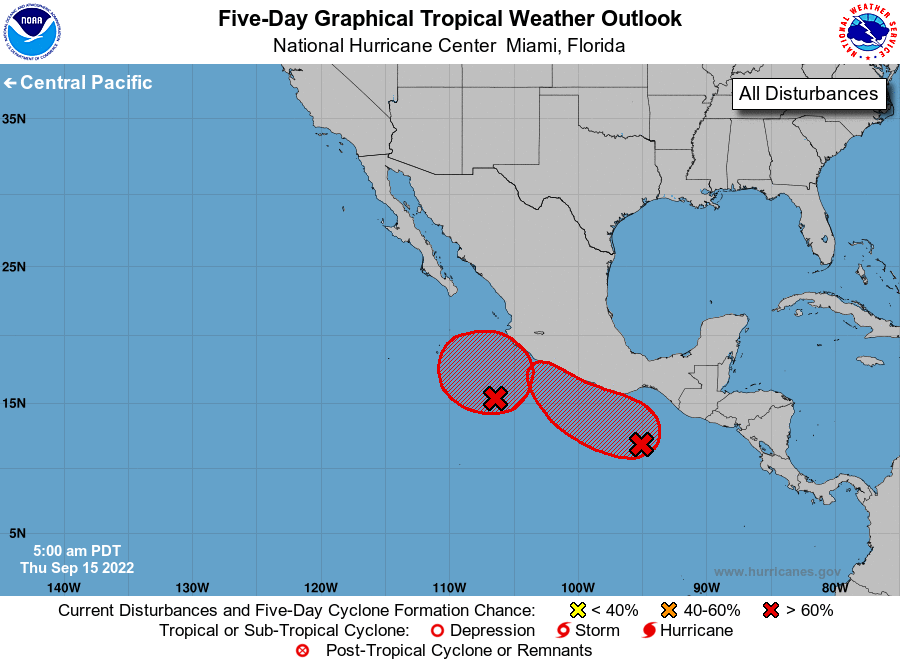
For the eastern North Pacific...east of 140 degrees west longitude:

1. Southwest of Southwestern Mexico: An area of low pressure located a few hundred miles southwest of Manzanillo, Mexico, continues to produce disorganized showers and thunderstorms. Environmental conditions are forecast to become more conducive for development, and a tropical depression is likely to form within the next couple of days. This disturbance is forecast to meander off the southwestern coast of Mexico through the end of this week, and then begin to move northwestward early next week.
* Formation chance through 48 hours...high...70 percent.
* Formation chance through 5 days...high...80 percent.

2. Near the Coast of Southern Mexico: Showers and thunderstorms associated with an area of low pressure located off the southern coast of Mexico are beginning to show signs of organization. Additional development of this system is expected, and a tropical depression is likely to form within the next day or so. The disturbance is forecast to move northwestward, possibly moving inland along the southern coast of Mexico this weekend. Interests in that area should monitor the progress of this system.
* Formation chance through 48 hours...high...70 percent.
* Formation chance through 5 days...high...80 percent.

Forecaster Brown